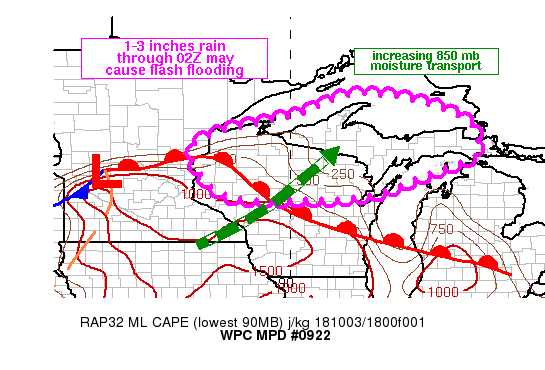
Areas affected...northern WI into the U.P. of Michigan

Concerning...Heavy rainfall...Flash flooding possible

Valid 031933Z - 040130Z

Summary...Increasing coverage and intensity of thunderstorms
across northern Wisconsin into the U.P. of Michigan are expected
through 00Z. 1-3 inches of rain, locally higher, can be expected
for these locations which may cause flash flooding through 02Z.

Discussion...19Z surface observations showed a warm front lifting
north across eastern MN into WI, coincident with a line of
thunderstorms over northwestern WI which were rapidly moving off
toward the northeast with the 850-300 mb mean flow of 45-55 kt.
The 18Z SPC mesoanalysis showed that MLCAPE had increased to
500-1000 J/kg along and south of the warm front in central WI with
area dewpoints in the upper 60s to low 70s. Needless to say that
moisture was rather anomalous in the region for early October,
both MPX and GRB 12Z soundings showed precipitable water values in
the 95th percentile.

Instability is forecast to continue increasing through this
evening through eastern WI into the U.P. of MI into the 1000+ J/kg
range. Deep layered southwesterly unidirectional flow is
supportive of repeating segments of thunderstorms but their
forward speed will initially temper flash flood potential. As a
shortwave currently over western ND continues to advance east into
northern MN by 03Z, per recent model consensus, 850 mb winds are
expected to increase into the 50-65 kt range by 00Z across WI (via
18Z RAP) which should help to allow periods of repeating/training
heavy rain to develop as low level wind speeds approach the
850-300 mb mean wind.

Initial warm advection forced convection with repeating segments
of heavy rain will be possible across northern WI and the U.P. of
MI with an increasing coverage and intensity as CAPE values rise
into the evening. This will be followed by a second round of
thunderstorms associated with the cold front itself. While the
cold front will be rather progressive, a couple of rounds of heavy
rain through 02Z with rainfall rates peaking in the 1-2 in/hr
range may allow for local exceedance of 3-hr Flash Flood Guidance
values which were as low as 1.5 inches in several locations.